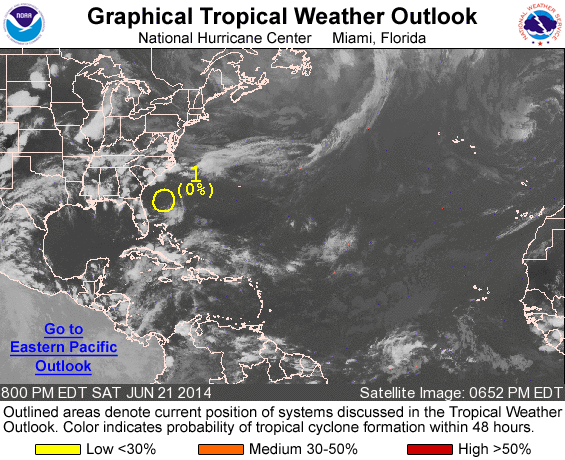
For the North Atlantic...Caribbean Sea and the Gulf of Mexico:

1. Shower and thunderstorm activity has diminished in association with a weak area of low pressure located about 250 miles east of Jacksonville, Florida. Environmental conditions are expected to remain unfavorable for development as the low accelerates northeastward away from the United States coast.
* Formation chance through 48 hours...low...near 0 percent.
* Formation chance through 5 days...low...near 0 percent.

Forecaster Brennan